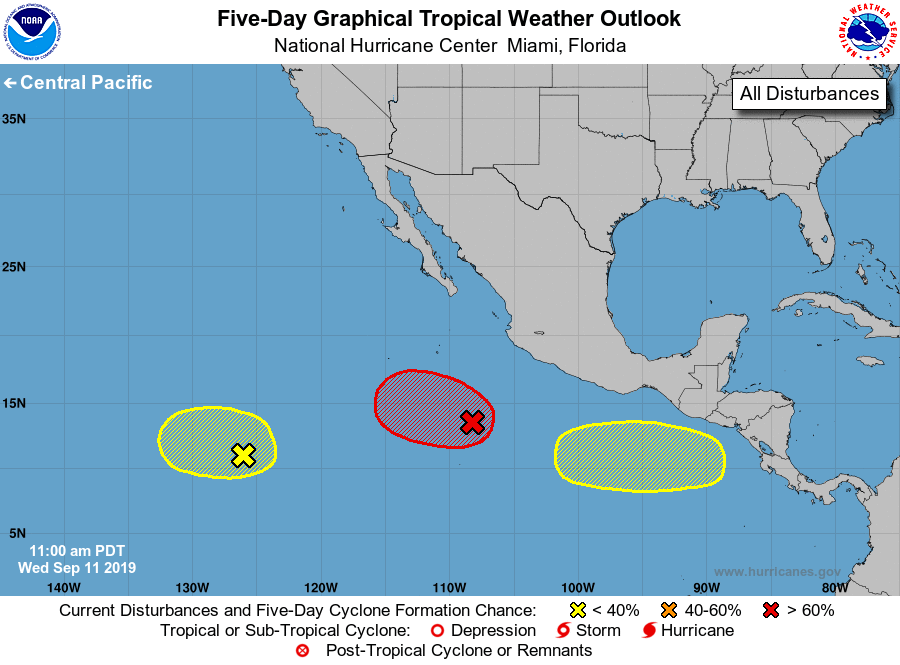
For the eastern North Pacific...east of 140 degrees west longitude:

1. A broad area of low pressure located about 350 miles southwest of Acapulco, Mexico, continues to become better defined. Environmental conditions are conducive for further development, and a tropical depression is expected to form in the next 24 hours as the system moves westward to west-northwestward at 10 to 15 mph.
* Formation chance through 48 hours...high...90 percent.
* Formation chance through 5 days...high...90 percent.

2. Disorganized showers and thunderstorms centered about 1400 miles to the southwest of the southern tip of the Baja California peninsula are associated with a tropical wave. Some slow development is possible during the next few days while the system moves slowly westward at 5 to 10 mph.
* Formation chance through 48 hours...low...20 percent.
* Formation chance through 5 days...low...30 percent.

3. An area of low pressure is expected to form west of the coast of Cental America over the weekend. Thereafter, some development is possible into early next week while the system moves westward at about 15 mph.
* Formation chance through 48 hours...low...near 0 percent.
* Formation chance through 5 days...low...20 percent.

Forecaster Burke/Blake